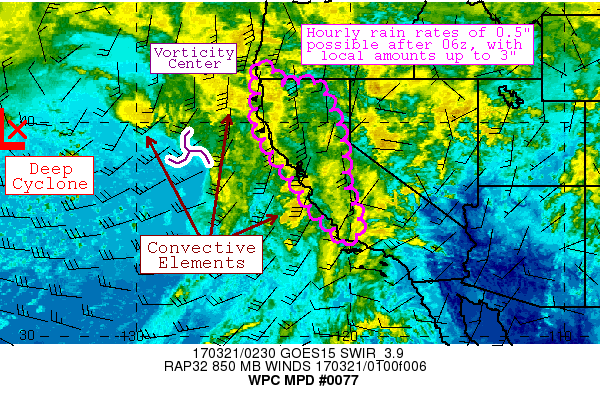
AREAS AFFECTED...NORTHERN & CENTRAL CA

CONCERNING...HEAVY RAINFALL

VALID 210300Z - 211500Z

SUMMARY...MERGING MOISTURE CHANNELS COMBINED WITH BOUNDARY LAYER
MOISTURE CONVERGENCE, INCREASING INSTABILITY, AND DECENT PACIFIC
INFLOW SHOULD LEAD TO RAIN RATES OF 0.5" WITH LOCAL AMOUNTS UP TO
3" THROUGH 15Z.

DISCUSSION...A DEEP CYCLONE NEAR 40N 135W IS PUSHING A FRONTAL
ZONE/BAROCLINIC TROUGH TOWARDS THE CA COAST.  ALTHOUGH NOT A
CLASSIC ATMOSPHERIC RIVER, TWO MOISTURE CHANNELS -- ONE LEFT
BEHIND BY THE LAST DISTURBANCE AND A FRESH ONE WITH THE INCOMING
FRONT -- HAVE SHOWN SOME MERGER AS OF LATE WITHIN LAYERED
PRECIPITABLE WATER IMAGERY.  VAD WIND PROFILES SHOW LOW-LEVEL
INFLOW OF 30-50 KTS ACROSS CENTRAL AND NORTHERN CA.  PRECIPITABLE
WATER VALUES ARE 0.8-1.2" PER RECENT GPS DATA.  AHEAD OF A
SHORTWAVE MOVING AROUND THE DEEP CYCLONE OFFSHORE, MUCAPES OF
100-300 J/KG LURK JUST OFFSHORE CENTRAL CA AT THIS TIME WITH
RECENT RADAR AND SATELLITE IMAGERY SHOWING SOME SHALLOW CONVECTION
OFFSHORE NORTHERN AND CENTRAL CA.  PER MESONET OBSERVATIONS,
HOURLY RAIN RATES OF 0.3-0.4" HAVE BEEN REPORTED RECENTLY.

INSTABILITY IS EXPECTED TO INCREASE NEAR AND BEHIND THE SURFACE
BOUNDARY MOVING INTO THE STATE, WITH RAP FORECASTS INDICATING
MUCAPES EXCEEDING 500 J/KG SHOWING SOME OVERLAP WITH THE BETTER
LOW-LEVEL INFLOW AND AVAILABLE MOISTURE.  MESOSCALE GUIDANCE
INDICATES THAT HOURLY RAIN RATES COULD EXCEED 0.5" AS EARLY AS
06Z, WHICH SPREAD INLAND ACROSS NORTHERN AND CENTRAL CA WITH TIME.
 ACROSS NORTHERN CA, PRECIPITATION COULD TRANSITION TO SNOW WITHIN
THE SHASTA/SISKIYOU RANGES BEHIND THE FRONTAL ZONE.  LOCAL AMOUNTS
OF 3" ARE POSSIBLE PER THE MESOSCALE GUIDANCE THROUGH 15Z.  THIS
COULD BE PROBLEMATIC IN AREAS OF SNOW MELT AND BURN SCARS.